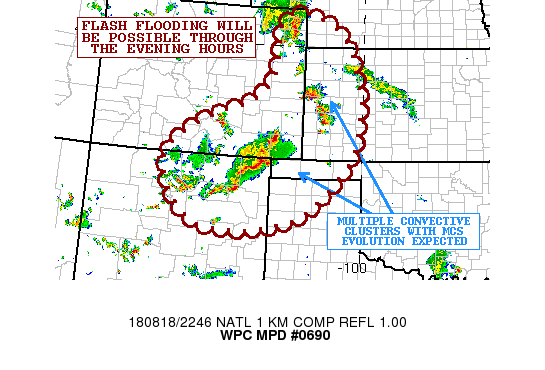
Areas affected...Northeast NM...Southern/Eastern CO...Far
Southwest NE...Western KS...Portions of the OK/TX Panhandles

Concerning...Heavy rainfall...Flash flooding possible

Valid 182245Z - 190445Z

Summary...Showers and thunderstorms will tend to become a bit more
numerous going into the evening hours. Some flash flooding will be
possible.

Discussion...A well-defined upper trough and associated closed low
crossing the central and northern Rockies will be interacting with
a very moist and unstable boundary layer this evening out across
the High Plains which is expected to generate a fairly organized
axis of convection. Showers and thunderstorms have been already
developing over the last couple of hours across portions of
eastern CO, western KS and down across northern NM given the
arrival of divergent flow aloft, and DPVA, while also interacting
with MLCAPE values of as much as 2000 j/kg.

The height falls will be strengthening this evening as the upper
trough begins to amplify out toward the central High Plains
region. Stronger deep layer forcing should yield sufficient ascent
for multiple organized convective clusters as the boundary layer
across the Plains this evening should remain moderately unstable
and with the aid of a moist southerly fetch ahead of a leeside
trough. In fact, PWATS are forecast to rise to 1.5 to 2 standard
deviations above normal by 00Z across far eastern CO and western
KS with values reaching 1.5 to 1.75 inches.

The recent radar trends and hires model output definitely appears
to be setting the stage for a couple of organized areas of heavy
rainfall. One cluster of organized convection should evolve over
northeast NM and southeast CO which may evolve into an
east-southeast propagating MCS across the OK/TX panhandles by late
evening. Meanwhile, the ongoing activity over east to northeast CO
and western KS will likely tend to consolidate as stronger
upstream height falls arrives and allows this convection to tend
consolidate or merge into at least a broken MCS that will
gradually propagate east across western/central KS overnight.

In both cases, heavy rainfall with rates of up to 2 inches/hr, and
storm totals of 3 to 4 inches can be expected. Some flash flooding
will be possible, and especially where merging cells occur.